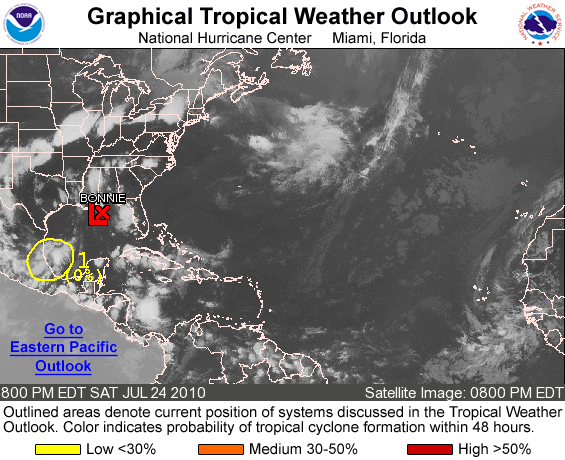
FOR THE NORTH ATLANTIC...CARIBBEAN SEA AND THE GULF OF MEXICO...

THE NATIONAL HURRICANE CENTER HAS ISSUED ITS LAST ADVISORY ON TROPICAL DEPRESSION BONNIE. THE REMNANT LOW OF BONNIE IS CENTERED ABOUT 65 MILES SOUTHEAST OF THE MOUTH OF THE MISSISSIPPI RIVER...AND IS PRODUCING DISORGANIZED THUNDERSTORM ACTIVITY. RE-DEVELOPMENT OF THE SYSTEM IS NOT EXPECTED BEFORE THE LOW REACHES THE NORTHERN GULF COAST LATE TONIGHT OR EARLY SUNDAY. THERE IS A LOW CHANCE...NEAR 0 PERCENT...OF THIS SYSTEM BECOMING A TROPICAL CYCLONE DURING THE NEXT 48 HOURS.

1. AN AREA OF SHOWERS AND THUNDERSTORMS OVER THE SOUTHWESTERN GULF OF MEXICO IS ASSOCIATED WITH A BROAD LOW PRESSURE AREA CENTERED ALONG THE COAST OF MEXICO NEAR TUXPAN. DEVELOPMENT OF THIS SYSTEM IS NOT EXPECTED DUE TO ITS PROXIMITY TO LAND. THERE IS A LOW CHANCE... NEAR 0 PERCENT...OF THIS SYSTEM BECOMING A TROPICAL CYCLONE DURING THE NEXT 48 HOURS.

ELSEWHERE...TROPICAL CYCLONE FORMATION IS NOT EXPECTED DURING THE NEXT 48 HOURS.

FORECASTER BEVEN